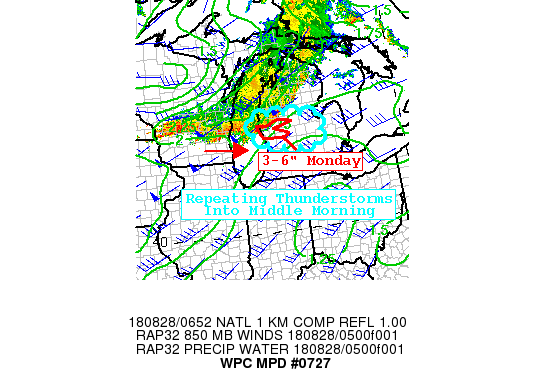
Areas affected...Central Michigan

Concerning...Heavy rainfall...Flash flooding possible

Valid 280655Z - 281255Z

Summary...An east-west oriented swath of heavy thunderstorms will
push east across central Michigan into the middle morning.

Discussion...A swath of heavy thunderstorms on the south side of
an MCC will continue to push east from WI and Lake MI across
central MI over the next several hours. This will at least be a
threat north of Muskegon where 3 to 6" of rain fell Monday
morning.

MLCAPE of 1000-1500 J/kg and PW of 1.8" to 2" is pushing in on a
50kt 850mb jet in the warm conveyor belt of a shortwave that
stretches all the way back over Minnesota per GOES-16 upper water
vapor imagery. While the north-south line over northern MI is
falling apart, this east-west boundary is expected spread east
across MI through the middle morning hours. Initial rain rates
reaching the western shore of Lake MI are only 0.5 to 1" per hour,
but this will be invigorated from the persistent low level jet for
several more hours.

Limited the eastward extent to the Saginaw Valley for now given
typical diurnal weakening of the low level jet expected by the
time the main part of the swath reaches that far east.